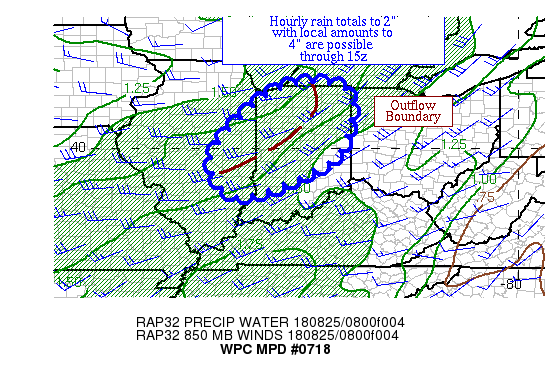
Areas affected...Portions of Eastern IL and IN

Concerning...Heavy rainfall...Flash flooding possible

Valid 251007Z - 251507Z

Summary...Thunderstorms with backbuilding character are starting
to fill in across northern IN and should develop southward with
time.  Hourly totals to 2" with local amounts to 4" are possible.

Discussion...An upper low is moving through Lake Michigan at this
time, which has led to a favorable environment aloft for
thunderstorms to grow in coverage to its south across northern IN
and east-central IL.  Inflow at 850 hPa is convergent out of the
west at 35-40 knots per VAD wind profiles.  Flow is fairly
unidirectional with height out of the west-southwest.  MU CAPE
upwind is 2000-3000 J/kg across north-central IL per SPC
mesoanalyses.  Since the instability pool is upstream, this is
leading to backbuilding of convection, particularly across
northern IN as of late.

The mesoscale guidance has a general idea of this convective
evolution, though recent HRRR runs are surprisingly low on
amounts.  A second batch of thunderstorms near the northern IL/IN
border are likely the back edge of the activity for northern IN.
With time, cell collisions are likely to set up a cold pool with
forces an outflow boundary to shift south with time.  A bulk of
the guidance advertises local amounts in the 2-4" range over the
next several hours, with the 06z HREF probabilities of 1"+ an hour
indicating that heavy rain across the area should shift from north
to south with time.  It appears that the 00z ARW and 00z WRF NSSL
have the strongest signal for this rain -- advertising local
amounts in the 4" range, but at the moment they seem too far to
the south.  Available moisture and instability is capable of
producing hourly totals to 2".  This degree of rain could
challenge the three hourly flash flood guidance values.